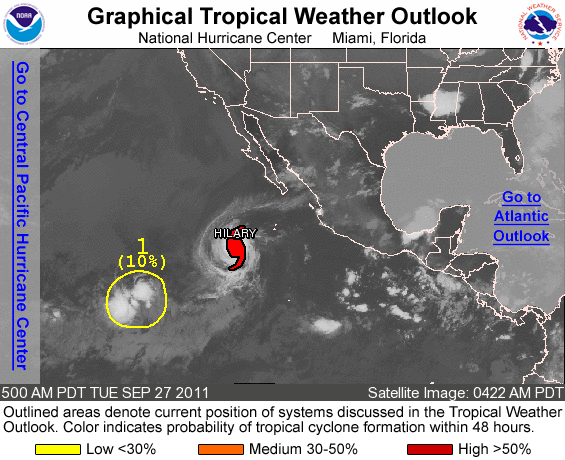
FOR THE EASTERN NORTH PACIFIC...EAST OF 140 DEGREES WEST LONGITUDE..

THE NATIONAL HURRICANE CENTER IS ISSUING ADVISORIES ON HURRICANE HILARY...LOCATED ABOUT 575 MILES SOUTHWEST OF THE SOUTHERN TIP OF BAJA CALIFORNIA.

1. AN AREA OF LOW PRESSURE LOCATED ABOUT 1500 MILES WEST-SOUTHWEST OF THE SOUTHERN TIP OF BAJA CALIFORNIA IS PRODUCING DISORGANIZED SHOWER AND THUNDERSTORM ACTIVITY. ANY DEVELOPMENT OF THIS SYSTEM IS EXPECTED TO BE SLOW TO OCCUR AS IT MOVES SLOWLY WESTWARD OR WEST- NORTHWESTWARD OVER THE NEXT COUPLE OF DAYS. THIS SYSTEM HAS A LOW CHANCE...10 PERCENT...OF BECOMING A TROPICAL CYCLONE DURING THE NEXT 48 HOURS.

ELSEWHERE...TROPICAL CYCLONE FORMATION IS NOT EXPECTED DURING THE NEXT 48 HOURS.

FORECASTER BRENNAN